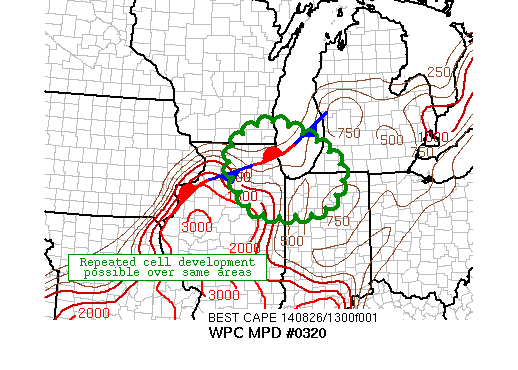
AREAS AFFECTED...SERN WI...NERN IL...NWRN IN...EXTREME SWRN MI

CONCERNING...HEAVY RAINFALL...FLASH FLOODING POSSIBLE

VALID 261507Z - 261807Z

SUMMARY...AXIS OF MOISTURE AND INSTABILITY IN PLACE ALONG/AHEAD OF
NEARLY STATIONARY SFC FRONT WILL LEAD TO THE POTENTIAL FOR
CONVECTION REPEATEDLY DEVELOPING ACROSS THE SAME AREAS THROUGH
EARLY AFTERNOON. HOURLY RAINFALL RATES OF 1-2 INCHES ARE POSSIBLE.

DISCUSSION...A VERY MOIST AND UNSTABLE AIR MASS IS IN PLACE
ALONG/AHEAD OF SFC FRONT...WHICH WAS ANALYZED AT 14Z GENERALLY
ALONG A LINE FROM BRL TO UGN TO MKG. SPC MESOANALYSIS INDICATES
VERY HIGH 850 HPA DEWPOINTS OF +16 TO +18 DEG C IN PLACE ACROSS
NRN IL...AS WELL AS MUCAPE VALUES IN EXCESS OF 3000 J/KG.
ADDITIONALLY...VERY HIGH SFC DEWPOINTS OF 72 TO 75 DEG F WERE
NOTED AT 14Z ACROSS CENTRAL IL...ADVECTING NORTHWARD INTO THE
OUTLINED AREA ON 5-10KT SOUTHERLY FLOW. VIS SATELLITE INDICATES
SOME NEW CONVECTIVE DEVELOPMENT OCCURRING ACROSS NERN IL/NWRN IN
IN THE VICINITY OF THIS MOISTURE/INSTABILITY MAXIMUM.

AS OUTFLOW ASSOCIATED WITH THE REMAINS OF WEAKENING CONVECTIVE
COMPLEX TO THE WEST OF THE OUTLINED AREA OVERNIGHT APPROACHES...IT
IS SHOWING SIGNS OF INCREASED CONVECTION ALONG THE BOUNDARY. 13Z
HRRR DEPICTS THIS NEW CONVECTIVE DEVELOPMENT AND SHOWS IT
CONTINUING TO INCREASE IN COVERAGE/INTENSITY THROUGH LATE MORNING.
GIVEN THE AVAILABILITY OF MOISTURE/INSTABILITY...AS WELL AS THE
SLOW-MOVING OR NEARLY STATIONARY FRNTL BNDRY OVER THE REGION
THROUGH EARLY AFTERNOON...THE HRRR SEEMS REASONABLE. THIS SOLUTION
WOULD GIVE SOME AREAS 2 TO 3 INCHES OF RAINFALL OVER THE NEXT FEW
HOURS...WITH HOURLY RAINFALL RATES OF 1 TO 2 INCHES POSSIBLE GIVEN
1 HR FFG VALUES IN THIS AREA ARE IN THE 1 TO 2 INCH RANGE...FLASH
FLOODING IS POSSIBLE.